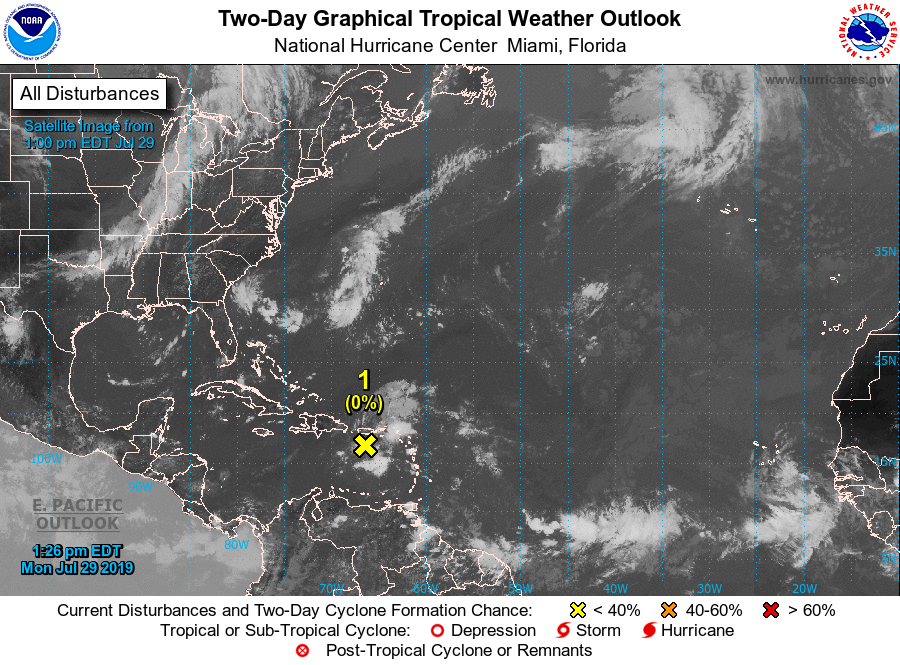
For the North Atlantic...Caribbean Sea and the Gulf of Mexico:

Shower activity associated with a tropical wave over the eastern Caribbean Sea has decreased since yesterday. Atmospheric conditions as well as land effects should inhibit the development of this system as it moves west-northwestward for the next several days. This disturbance, however, could still produce an increase in cloudiness and thunderstorms over Puerto Rico, the Greater Antilles and portions of the Bahamas during the next few days.

1.
* Formation chance through 48 hours...low...near 0 percent.
* Formation chance through 5 days...low...10 percent.

Forecaster Avila